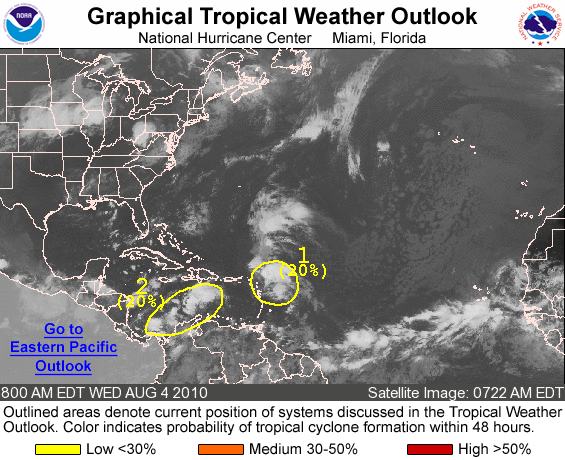
FOR THE NORTH ATLANTIC...CARIBBEAN SEA AND THE GULF OF MEXICO...

1. SHOWER ACTIVITY ASSOCIATED WITH THE REMNANTS OF TROPICAL STORM COLIN...LOCATED ABOUT 150 MILES EAST-NORTHEAST OF THE LEEWARD ISLANDS...HAS BECOME A LITTLE BETTER ORGANIZED THIS MORNING. HOWEVER...ANY ADDITIONAL DEVELOPMENT IS EXPECTED TO BE SLOW TO DUE TO UNFAVORABLE UPPER-LEVEL WINDS. THERE IS A LOW CHANCE...20 PERCENT...OF THIS SYSTEM BECOMING A TROPICAL CYCLONE AGAIN DURING THE NEXT 48 HOURS AS IT MOVES WEST-NORTHWESTWARD AT 20 TO 25 MPH. REGARDLESS OF DEVELOPMENT...LOCALLY HEAVY RAINS AND STRONG GUSTY WINDS ARE POSSIBLE OVER PORTIONS OF THE LEEWARD AND VIRGIN ISLANDS ISLANDS TODAY AND TONIGHT. AN AIR FORCE RESERVE HURRICANE HUNTER AIRCRAFT IS SCHEDULED TO INVESTIGATE THIS SYSTEM LATER TODAY.

2. CLOUDINESS...SHOWERS...AND THUNDERSTORMS OVER THE CENTRAL AND SOUTHWESTERN CARIBBEAN SEA ARE ASSOCIATED WITH A TROPICAL WAVE. SOME SLOW DEVELOPMENT OF THIS DISTURBANCE IS POSSIBLE OVER THE NEXT FEW DAYS AS IT MOVES GENERALLY WESTWARD AT 15 TO 20 MPH. THERE IS A LOW CHANCE...20 PERCENT...OF THIS SYSTEM BECOMING A TROPICAL CYCLONE DURING THE NEXT 48 HOURS.

ELSEWHERE...TROPICAL CYCLONE FORMATION IS NOT EXPECTED DURING THE NEXT 48 HOURS.

FORECASTER BEVEN